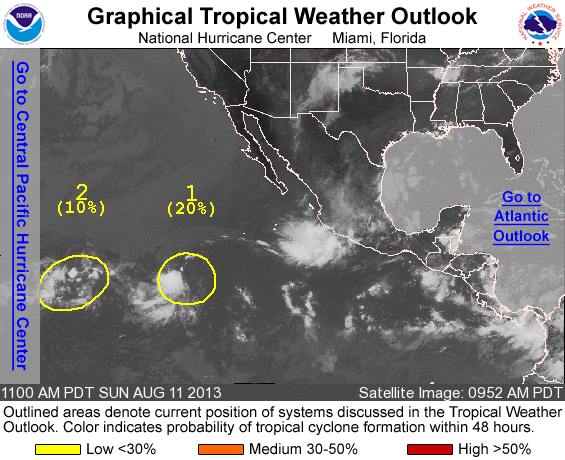
FOR THE EASTERN NORTH PACIFIC...EAST OF 140 DEGREES WEST LONGITUDE..

1. DISORGANIZED SHOWER AND THUNDERSTORM ACTIVITY CONTINUES IN ASSOCIATION WITH AN AREA OF LOW PRESSURE CENTERED ABOUT 1000 MILES SOUTHWEST OF THE SOUTHERN TIP OF BAJA CALIFORNIA. UPPER-LEVEL WINDS ARE EXPECTED TO BE MARGINALLY CONDUCIVE FOR DEVELOPMENT OVER THE NEXT FEW DAYS WHILE THE LOW MOVES WESTWARD AROUND 10 MPH. THIS SYSTEM HAS A LOW CHANCE...20 PERCENT...OF BECOMING A TROPICAL CYCLONE DURING THE NEXT 48 HOURS AND A MEDIUM CHANCE...30 PERCENT...OF BECOMING A TROPICAL CYCLONE DURING THE NEXT 5 DAYS.

2. A TROUGH OF LOW PRESSURE LOCATED ABOUT 1400 MILES EAST-SOUTHEAST OF THE BIG ISLAND OF HAWAII CONTINUES TO PRODUCE DISORGANIZED SHOWERS AND THUNDERSTORMS. DEVELOPMENT...IF ANY...OF THIS DISTURBANCE IS EXPECTED TO BE SLOW TO OCCUR DURING THE NEXT FEW DAYS WHILE IT MOVES WESTWARD AT 10 TO 15 MPH. THIS SYSTEM HAS A LOW CHANCE...10 PERCENT...OF BECOMING A TROPICAL CYCLONE DURING THE NEXT 48 HOURS...AND A LOW CHANCE...10 PERCENT...OF BECOMING A TROPICAL CYCLONE DURING THE NEXT 5 DAYS.

FIVE-DAY FORMATION PROBABILITIES ARE EXPERIMENTAL IN 2013. COMMENTS ON THE EXPERIMENTAL FORECASTS CAN BE PROVIDED AT...

HTTP://WWW.NWS.NOAA.GOV/SURVEY/NWS-SURVEY.PHP?CODE=ETWO

FORECASTER KIMBERLAIN